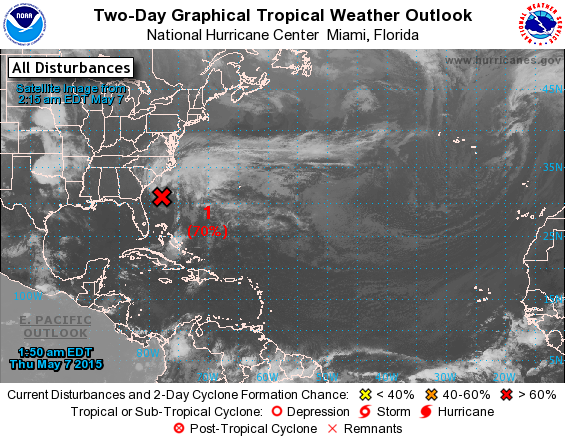
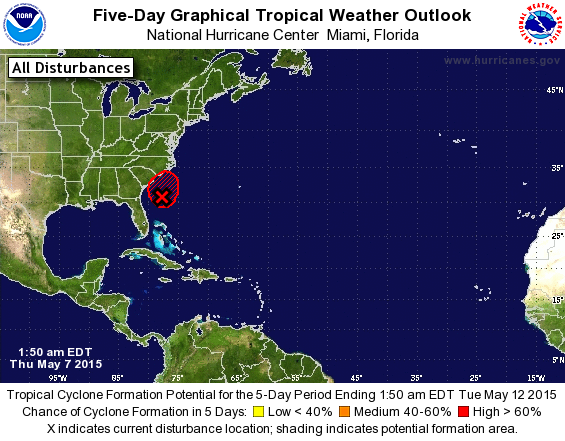
For the North Atlantic...Caribbean Sea and the Gulf of Mexico:

1. A non-tropical low pressure system located about 220 miles south-southeast of the South Carolina-North Carolina border has been nearly stationary the past several hours. Showers and thunderstorms are gradually becoming better organized and environmental conditions are expected to become more conducive for development over the next day or so while this system moves slowly northward and then northwestward. A subtropical or tropical cyclone could form later today or on Friday, and interests along the southeast coast of the United States should monitor the progress of this system. An Air Force Reserve reconnaissance aircraft is scheduled to investigate the low later this morning. Regardless of development, heavy rain is possible over portions of the coastal southeastern United States beginning later today. The next Special Tropical Weather Outlook will be issued on this system by 8 AM EDT this morning. For additional information, see products from your local National Weather Service forecast office and High Seas Forecasts issued by the National Weather Service.
* Formation chance through 48 hours...high...70 percent
* Formation chance through 5 days...high...70 percent

High Seas Forecasts issued by the National Weather Service are available under AWIPS header NFDHSFAT1, WMO header FZNT01 KWBC, and on the Web at http://www.opc.ncep.noaa.gov/shtml/NFDHSFAT1.shtml

Forecaster Stewart/Roberts